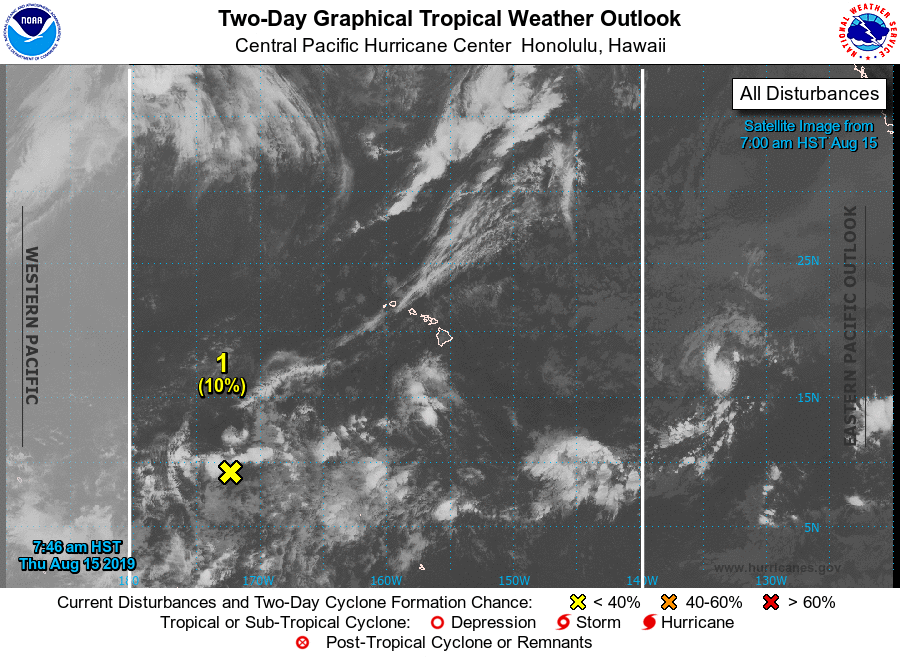
For the central North Pacific...between 140W and 180W:

1. Showers and thunderstorms remain disorganized along a trough of low pressure located some 1300 miles southwest of Oahu. Some development of the system is possible as it moves west-northwestward at around 10 mph.
* Formation chance through 48 hours...low...near 10 percent.
* Formation chance through 5 days...low...20 percent.

Elsewhere, no tropical cyclones are expected during the next 5 days.

Forecaster Burke